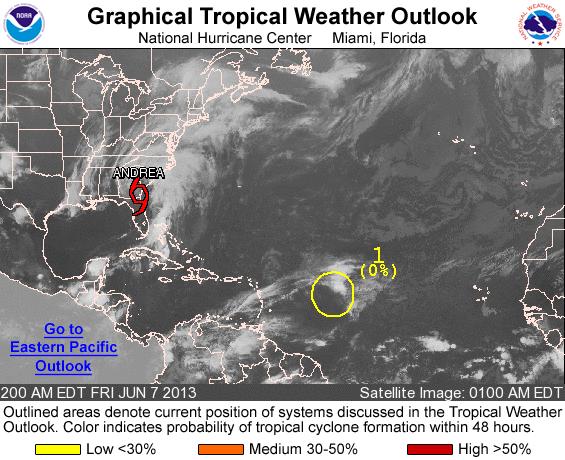
FOR THE NORTH ATLANTIC...CARIBBEAN SEA AND THE GULF OF MEXICO...

THE NATIONAL HURRICANE CENTER IS ISSUING ADVISORIES ON TROPICAL STORM ANDREA...LOCATED INLAND OVER SOUTHEASTERN GEORGIA.

1. A SMALL AREA OF LOW PRESSURE LOCATED ABOUT 750 MILES EAST OF THE LESSER ANTILLES HAS BECOME LESS ORGANIZED DURING THE PAST SEVERAL HOURS. STRONG UPPER-LEVEL WINDS ARE EXPECTED TO PREVENT ANY DEVELOPMENT OF THIS DISTURBANCE. THIS SYSTEM HAS A LOW CHANCE...NEAR 0 PERCENT...OF BECOMING A TROPICAL CYCLONE DURING THE NEXT 48 HOURS AS IT MOVES WEST-NORTHWESTWARD AT ABOUT 15 MPH.

ADDITIONAL INFORMATION ON THIS SYSTEM CAN BE FOUND IN HIGH SEAS FORECASTS ISSUED BY THE NATIONAL WEATHER SERVICE.

ELSEWHERE...TROPICAL CYCLONE FORMATION IS NOT EXPECTED DURING THE NEXT 48 HOURS.

&&
HIGH SEAS FORECASTS ISSUED BY THE NATIONAL WEATHER SERVICE CAN BE FOUND UNDER AWIPS HEADER NFDHSFAT1 AND WMO HEADER FZNT01 KWBC.

FORECASTER BLAKE